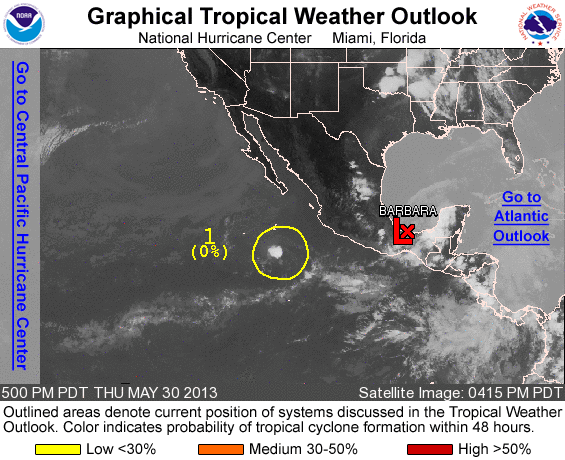
FOR THE EASTERN NORTH PACIFIC...EAST OF 140 DEGREES WEST LONGITUDE..

THE NATIONAL HURRICANE CENTER HAS ISSUED THE LAST ADVISORY ON THE REMNANTS OF BARBARA...LOCATED IN THE BAY OF CAMPECHE.

1. OCCASIONAL SHOWERS AND THUNDERSTORMS ARE OCCURRING IN ASSOCIATION WITH THE AREA OF LOW PRESSURE LOCATED ABOUT 500 MILES SOUTH OF THE SOUTHERN TIP OF THE BAJA CALIFORNIA PENINSULA. ENVIRONMENTAL CONDITIONS DO NOT FAVOR DEVELOPMENT OF THE LOW AS IT MOVES NORTHEASTWARD TO EASTWARD AT ABOUT 10 MPH DURING THE NEXT COUPLE OF DAYS. THIS SYSTEM HAS A LOW CHANCE...NEAR 0 PERCENT...OF BECOMING A TROPICAL CYCLONE DURING THE NEXT 48 HOURS.

ELSEWHERE...TROPICAL CYCLONE FORMATION IS NOT EXPECTED DURING THE NEXT 48 HOURS.

FORECASTER BEVEN